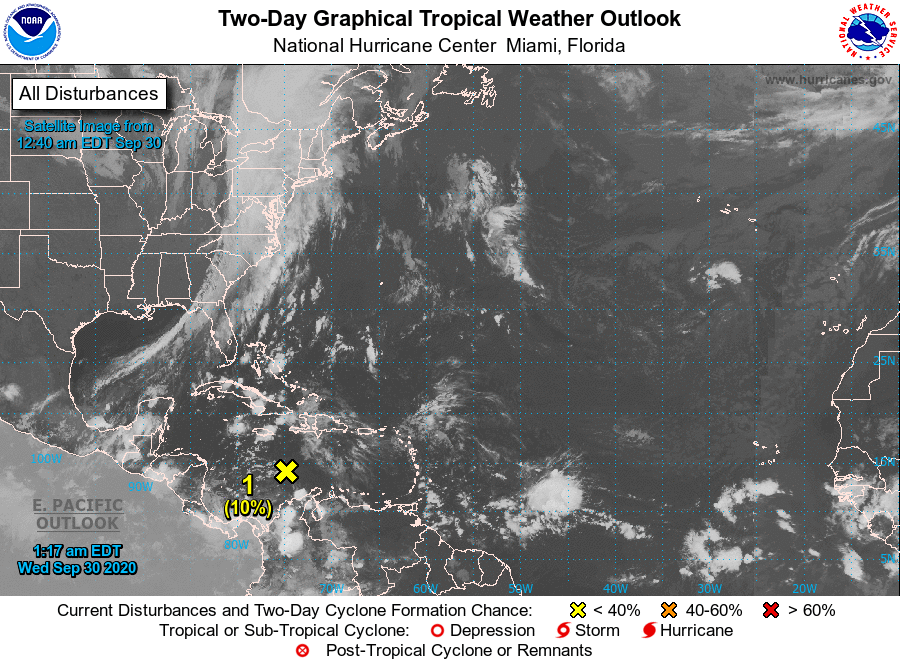
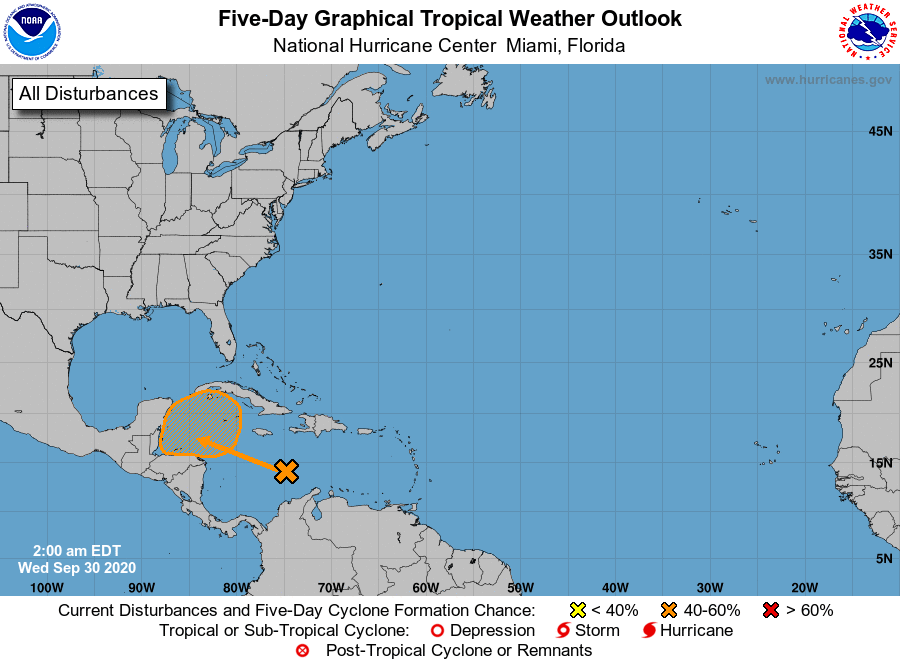
For the North Atlantic...Caribbean Sea and the Gulf of Mexico:

1. A tropical wave located over the central Caribbean Sea is expected to move westward to west-northwestward over the next few days and interact with a frontal system, producing a broad area of low pressure over the western Caribbean Sea by Thursday night or Friday. Environmental conditions are forecast to be conducive for some development thereafter, and a tropical depression could form over the weekend while the system moves slowly west-northwestward over the northwestern Caribbean Sea.
* Formation chance through 48 hours...low...10 percent.
* Formation chance through 5 days...medium...60 percent.

Forecaster Brown